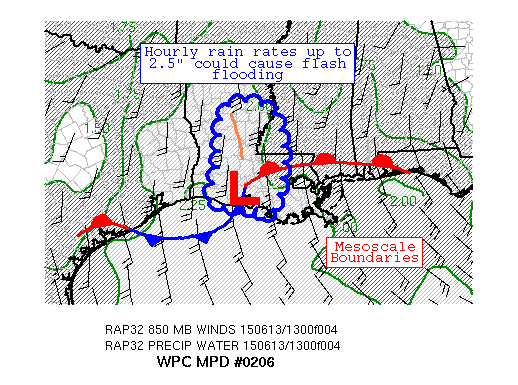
AREAS AFFECTED...CENTRAL LA & SOUTHWEST MS

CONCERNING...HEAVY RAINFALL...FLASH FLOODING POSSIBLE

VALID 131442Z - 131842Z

SUMMARY...A BAND OF THUNDERSTORMS IS MOVING INTO AN AREA OF
LOWERING FLASH FLOOD GUIDANCE VALUES.  FLASH FLOODING IS
CONSIDERED POSSIBLE.

DISCUSSION...A CONVECTIVE BAND WITH A COUPLE EMBEDDED MESOSCALE
CIRCULATIONS HAS BEEN MOVING EAST AT ~10 KTS, PARALLEL TO THE
1000-500 HPA THICKNESS PATTERN IN THE REGION AND SLIGHTLY FASTER
THAN FORWARD PROPAGATING CORFIDI VECTORS SUGGEST.  HOURLY RAIN
RATES AS OF LATE HAVE BEEN 1-1.5".  TOTALS OVER A BROADENING AREA
OF SOUTHWEST LA ARE IN THE 2-5" RANGE, WITH LOCAL AMOUNTS UP TO 8"
PER LCH RADAR ESTIMATES.

WHILE 850 HPA INFLOW IS FORECAST BY RAP GUIDANCE TO WEAKEN TO
20-25 KTS OUT OF THE SOUTH- SOUTHEAST, THE LINE/BAND'S EASTWARD
MOTION SHOULD PROVIDE ENOUGH CLOUD BASE INFLOW TO MAINTAIN
ORGANIZATION.  ALSO OF HELP WOULD BE INCREASING MIXED LAYER CAPES
IN ITS PATH, BETWEEN 1000-2500 J/KG PER THE LATEST SPC
MESOANALYSIS.  PRECIPITABLE WATER VALUES REMAIN IN THE 2-2.2"
RANGE PER GPS INFORMATION, WHICH COULD SUPPORT HOURLY RATES UP TO
2.5" WHERE CELLS TRAIN.  OF THE AVAILABLE MESOSCALE QPF GUIDANCE,
ONLY THE 13Z HRRR APPEARS TO INDICATE THIS SYSTEM'S PRESENCE,
WHICH INCREASES FORECAST UNCERTAINTY, HENCE THE FOUR HOUR TIMING
AND POSSIBLE CATEGORY.  FLASH FLOODING REMAINS POSSIBLE.